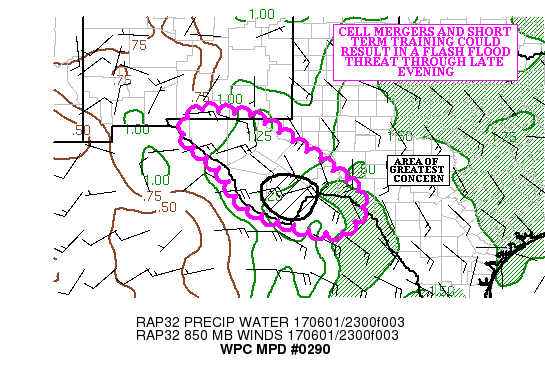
AREAS AFFECTED...FAR SOUTHERN NM...FAR WEST TX

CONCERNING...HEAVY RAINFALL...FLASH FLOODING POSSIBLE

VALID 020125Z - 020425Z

SUMMARY...CELL MERGERS AND SHORT TERM TRAINING OVER PORTIONS OF
FAR SOUTHERN NM AND FAR WEST TX COULD RESULT IN A LOCALIZED FLASH
FLOOD THREAT THROUGH LATE EVENING.

DISCUSSION...THE LATEST EXPERIMENTAL GOES-16 IR LOOP SHOWED BURSTS
OF COLD CLOUD TOPS (BETWEEN -65 TO -70 C) OVER SOUTHERNMOST NM AND
FAR WEST TX. THE CONVECTION CONTINUED TO DEVELOP IN AN AXIS OF
1000-1500 J/KG MLCAPE (THE 00Z DRT SOUNDING SHOWED SBACPE VALUES
IN EXCESS OF 2500 J/KG). WHILE THE LATEST RAP ANALYSIS SHOWED SOME
LOW LEVEL CIN DEVELOPING OVER FAR WEST TX...00Z SOUNDINGS AT DRT
AND EPZ SHOWED AN UNCAPPED ENVIRONMENT...WHICH WOULD SUPPORT THE
BURSTS OF COLD CONVECTION.

A CLOSING MID LEVEL LOW OVER NORTHERN MEXICO WILL PROVIDE
INCREASED DIFFLUENCE OVER THE SOUTHWEST STATES AND FAR WEST TX.
THE ADDITIONAL SYNOPTIC SCALE ASCENT COULD ALLOW THE CONVECTION TO
INCREASE IN COVERAGE TO SOME DEGREE. HOWEVER...IT IS POSSIBLE THAT
THE COVERAGE MAY NOT INCREASE APPRECIABLY THROUGH LATE EVENING.

A 15 TO 20 KNOT LOW LEVEL SOUTHEAST INFLOW CONTINUES TO TRANSPORT
1.00/1.25 INCH PRECIPITABLE WATER ACROSS WEST TX. WHILE THE
CONVECTION REMAINS SCATTERED THIS EVENING...THE KMAF RADAR SHOWED
HOURLY RAINFALL RATES NEAR 1.50 INCHES. HOWEVER...GIVEN THE DRY
AIR IN THE MID LEVELS OF THE 00Z KDRT SOUNDING...AS WELL AS THE
HAIL INDICATOR ON THE KMAF HCA PRODUCT (AS WELL AS THE RADAR
PRESENTATION)...THERE IS LIKELY HAIL CONTAMINATION EARLY THIS
EVENING.

THE LATEST HRRR SEEMS TO HAVE A DECENT HANDLE ON THE CONVECTION
ACROSS WEST TX... BUT NOT ON THE CONVECTION OVER FAR SOUTHERN NM.
BASED MAINLY ON THAT SOLUTION...LOCAL 2.00 TO 3.00 INCH RAINFALL
ARE POSSIBLE WITH THE CONVECTION NEAR THE BIG BEND AREA. CELL
MERGERS AND SHORT TERM TRAINING WOULD BE NEEDED TO INITIATE NEW
FLASH FLOODING THROUGH ABOUT 04Z.